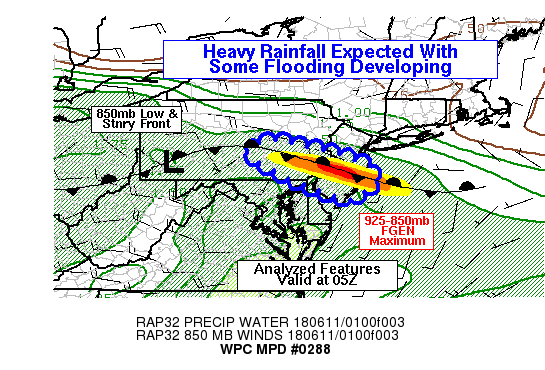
AREAS AFFECTED...SE PENNSYLVANIA...S/C NEW JERSEY

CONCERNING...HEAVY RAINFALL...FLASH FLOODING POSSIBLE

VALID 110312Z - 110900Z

SUMMARY...A HEAVY RAIN BAND WILL SLOWLY PIVOT ACROSS SOUTHEAST
PENNSYLVANIA AND SOUTHERN AND CENTRAL NEW JERSEY TONIGHT...WITH
SEVERAL INCHES OF RAIN LIKELY IN SOME AREAS. THIS INCLUDES THE
PHILADELPHIA METRO AREA. THE RAIN RATES COULD BRIEFLY REACH 1
IN/HR IN THE HEAVIER PORTIONS OF THE RAIN BAND. THIS HEAVY
RAINFALL COULD LEAD TO AREAS OF FLOODING.

DISCUSSION...MRMS COMPOSITE RADAR AND KDIX AND KCCX RADAR
REFLECTIVITY HIGHLIGHT A PROMINENT BAND OF MODERATE TO HEAVY RAIN
FROM CENTRAL PENNSYLVANIA THROUGH CENTRAL NEW JERSEY...AT 03Z
ROUGHLY FROM 15SE KUNV TO KMUI TO KLOM TO KMJX. THE BAND OF HEAVY
RAIN WAS CHARACTERIZED BY DOMINANT COLLISION-COALESCENCE PROCESSES
WITH MRMS VERTICALLY INTEGRATED ICE (VII) SHOWING HARDLY ANY
POSITIVE VALUES AND RADAR REFLECTIVITY EXTREMELY LIMITED ABOVE THE
-10C LAYER. THIS IS EXPECTED TO CONTINUE THROUGH THE OVERNIGHT
HOURS WITH LIMITED INSTABILITY. THE RAIN BAND SHOULD BE
PREDOMINATELY FORCED THROUGH AN INCREASING FRONTOGENETIC
CIRCULATION IN THE LOW LEVELS...AND ITS CURRENT POSITION ROUGHLY
COINCIDED WITH THE 925-850MB FGEN MAX. PRECIPITABLE WATER VALUES
IN THE SAME REGION WERE AROUND 1.5 INCHES PER THE CIRA BLENDED TPW
PRODUCT. RELATIVE TO THE OVERALL CLIMATOLOGY THIS IS NOT
EXCEPTIONALLY HIGH...BUT RELATIVE TO THE LOWER 1000-500MB
THICKNESSES (560-565 DKM) TO THE NORTH OF A SYNOPTIC SURFACE FRONT
IT IS QUITE HIGH...INDICATIVE OF A DEEP SATURATED PROFILE THAT IS
MORE THAN SUPPORTIVE OF HEAVY RAINFALL. THE COMBINATION OF HIGH
PWATS...STRONG FORCING...AND DOMINANT WARM RAIN PROCESSES SHOULD
LEAD TO VERY EFFICIENT RAINFALL.

THE 00Z HI-RES MODELS UNANIMOUSLY SHOW A BAND OF HEAVY RAINFALL
FROM SE PA INTO NJ...WITH SEVERAL INCHES OF RAIN POSSIBLE GIVEN
THE SLOW PIVOTING NATURE OF THE RAIN BAND. THIS COULD CREATE SOME
AREAS OF FLOODING...PARTICULARLY IN URBAN AREAS. BOTH DUAL POL
RADAR AND MRMS RAINFALL ESTIMATES AND A FEW LOCAL OBSERVATIONS IN
SE PA HAVE SHOWN RAIN RATES TO REACH 1 IN/HR IN SOME PORTIONS OF
THE RAIN BAND ALREADY...AND THIS IS LIKELY TO CONTINUE. FLASH
FLOODING WOULD BE POSSIBLE IF THOSE RATES COULD BE SUSTAINED FOR A
COUPLE HOURS.